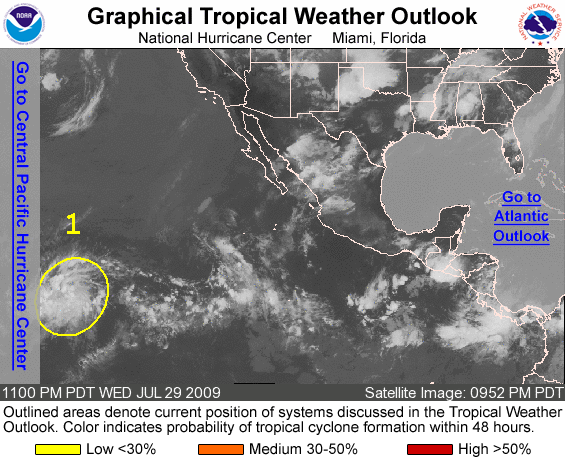
FOR THE EASTERN NORTH PACIFIC...EAST OF 140 DEGREES WEST LONGITUDE..

1. DISORGANIZED SHOWERS AND THUNDERSTORMS CONTINUE IN ASSOCIATION WITH A TROPICAL WAVE LOCATED ABOUT 1350 MILES EAST-SOUTHEAST OF THE HAWAIIAN ISLANDS. DEVELOPMENT...IF ANY...OF THIS SYSTEM IS EXPECTED TO BE SLOW TO OCCUR AS IT MOVES GENERALLY WESTWARD AT 15 TO 20 MPH. THERE IS A LOW CHANCE...LESS THAN 30 PERCENT...OF THIS SYSTEM BECOMING A TROPICAL CYCLONE DURING THE NEXT 48 HOURS.

ELSEWHERE...TROPICAL CYCLONE FORMATION IS NOT EXPECTED DURING THE NEXT 48 HOURS.

FORECASTER BLAKE